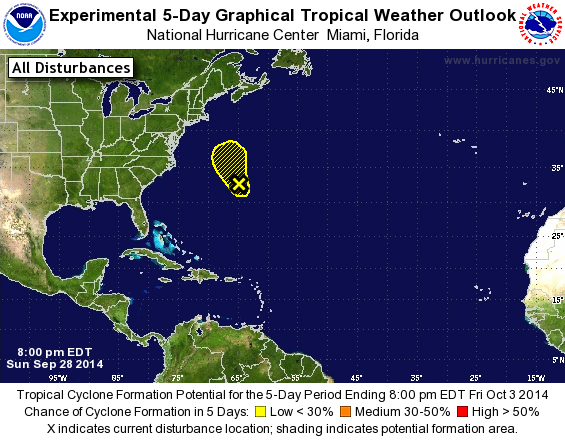
For the North Atlantic...Caribbean Sea and the Gulf of Mexico:

1. An area of low pressure located near Bermuda is producing disorganized showers and thunderstorms. Upper-level winds are expected to be unfavorable for significant development while this system moves slowly northwestward or northward during the next few days.
* Formation chance through 48 hours...low...10 percent.
* Formation chance through 5 days...low...10 percent.

Forecaster Cangialosi